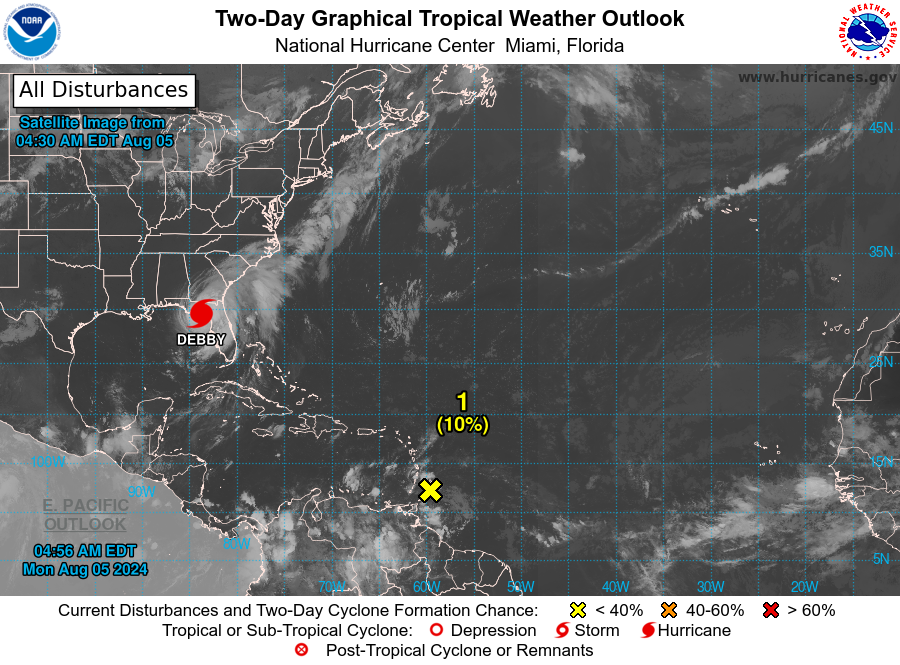
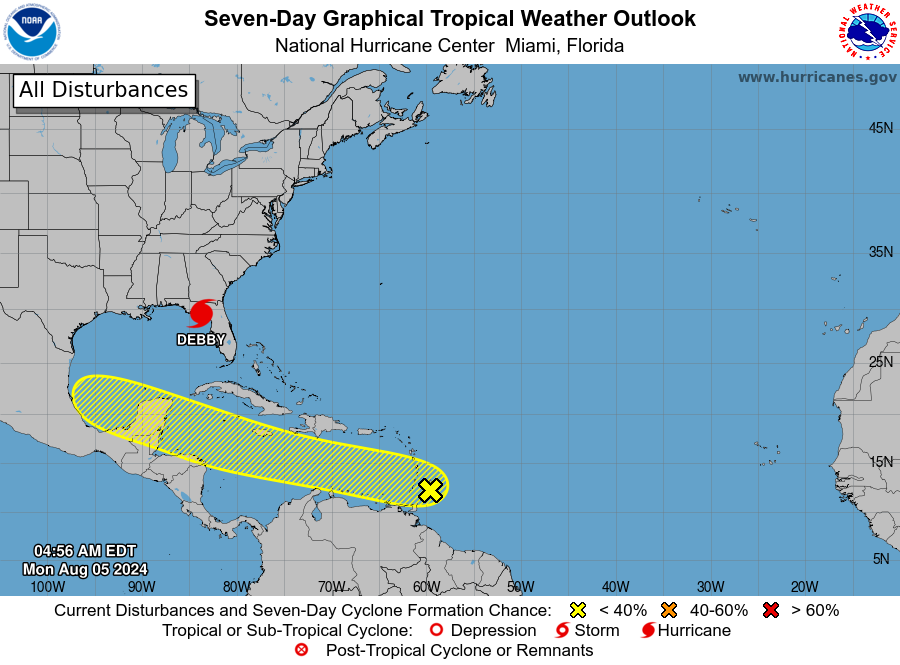
For the North Atlantic...Caribbean Sea and the Gulf of Mexico:

Active Systems: The National Hurricane Center is issuing advisories on recently upgraded Hurricane Debby, located over the eastern Gulf of Mexico.

1. East of the Windward Islands: A tropical wave located near the Windward Islands continues to produce disorganized showers and thunderstorms. Environmental conditions appear generally favorable for some slow development over the next week while the system moves westward at around 20 mph over the Caribbean Sea.
* Formation chance through 48 hours...low...10 percent.
* Formation chance through 7 days...low...30 percent.

Forecaster Bucci